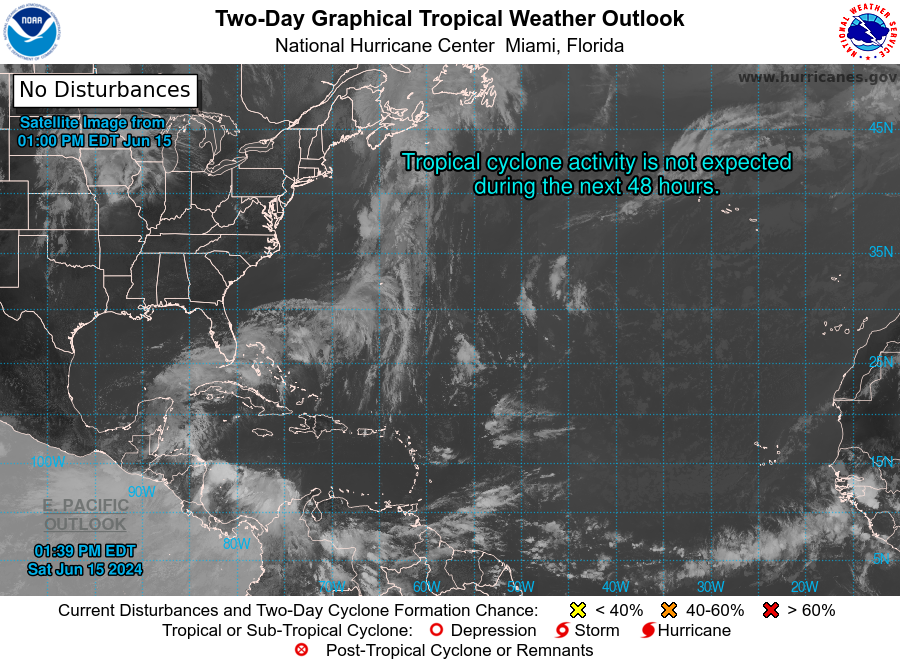
For the North Atlantic...Caribbean Sea and the Gulf of Mexico:

1. Southwestern Gulf of Mexico: A broad area of low pressure is forecast to form over the southwestern Gulf of Mexico early next week. Environmental conditions appear conducive for gradual development of this system, and a tropical depression could form by the middle part of next week while the system moves slowly westward or west-northwestward. Regardless of development, several days of heavy rainfall are expected across portions of southern Mexico and Central America. These rains are likely to cause life-threatening flooding and flash flooding.
* Formation chance through 48 hours...low...near 0 percent.
* Formation chance through 7 days...medium...50 percent.

Forecaster Beven